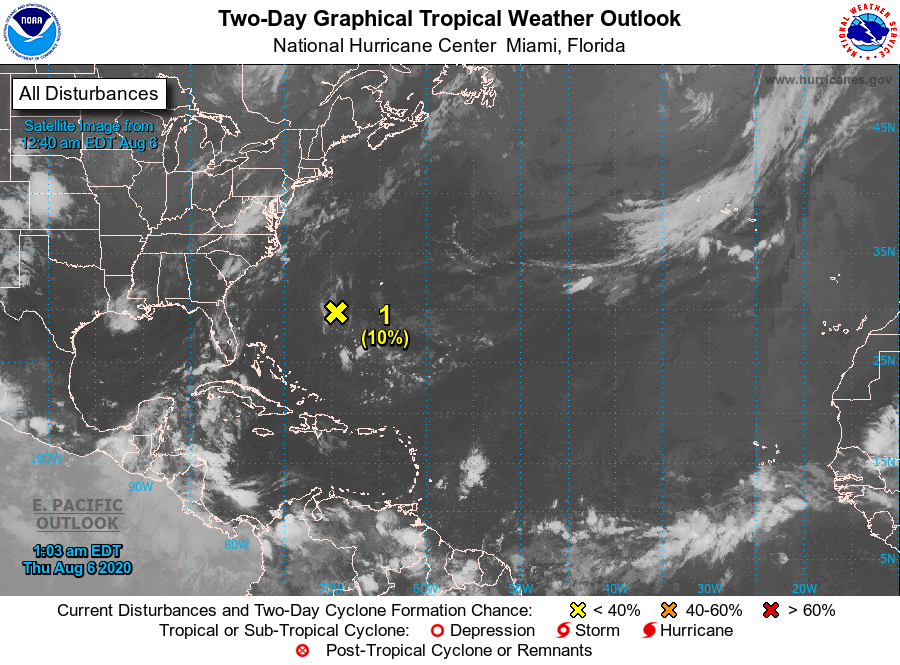
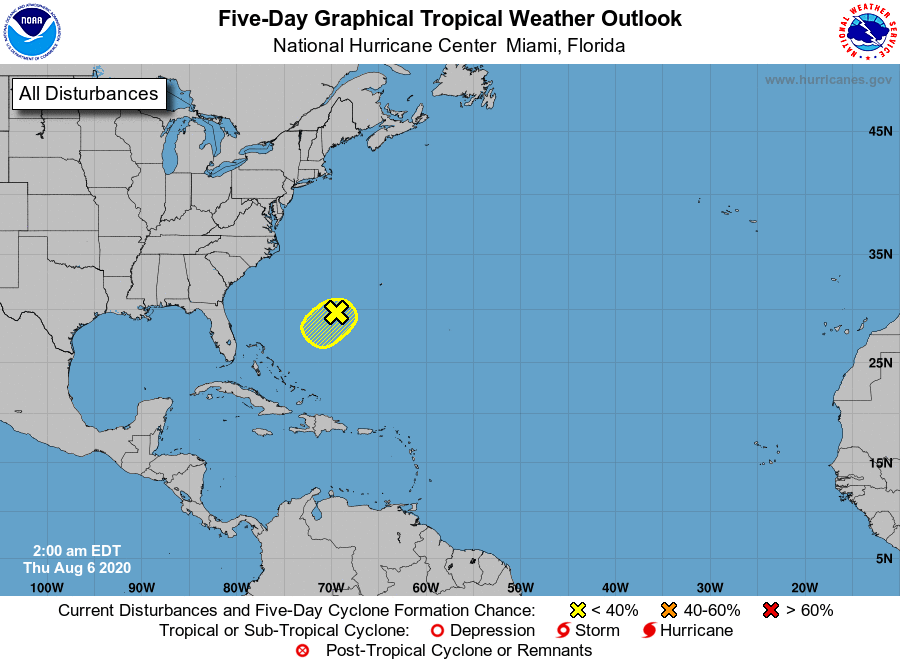
For the North Atlantic...Caribbean Sea and the Gulf of Mexico:

1. A small low pressure system located a few hundred miles southwest of Bermuda is producing disorganized showers and a few thunderstorms. This low is expected to drift west-southwestward during the next couple of days. Any development of this disturbance should be slow to occur, and dry air and increasing upper-level winds are expected to cause it to dissipate over the weekend.
* Formation chance through 48 hours...low...10 percent.
* Formation chance through 5 days...low...10 percent.

Forecaster Beven